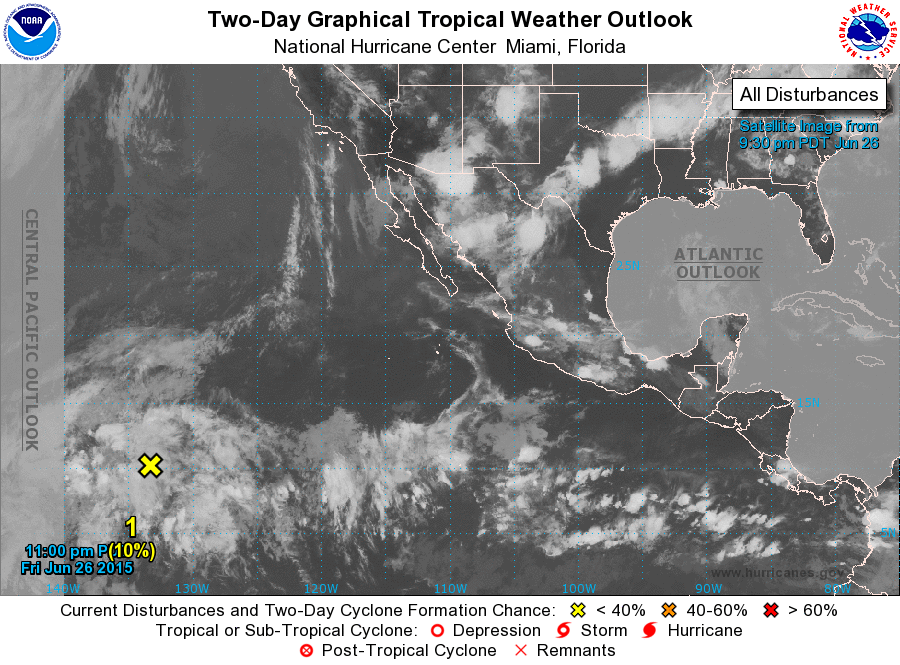
For the eastern North Pacific...east of 140 degrees west longitude:

1. Cloudiness and showers associated with a trough of low pressure located about 1600 miles east-southeast of the Big Island of Hawaii have changed little in organization. However, some slow development of this disturbance is possible during the next few days before upper-level winds become unfavorable for tropical cyclone formation. This system is expected to move west-northwestward into the Central Pacific Hurricane Center's area of responsibility within a couple of days.
* Formation chance through 48 hours...low...10 percent
* Formation chance through 5 days...low...20 percent

Forecaster Kimberlain